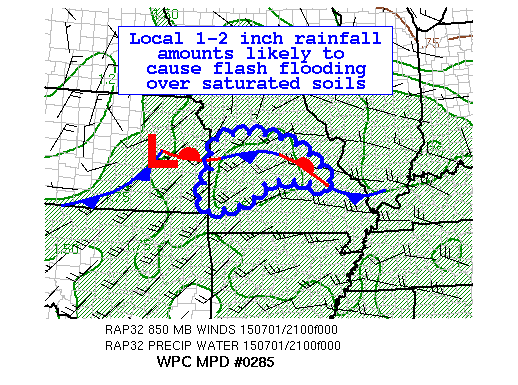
AREAS AFFECTED...CENTRAL-SOUTHWESTERN MO AND FAR SOUTHEASTERN KS

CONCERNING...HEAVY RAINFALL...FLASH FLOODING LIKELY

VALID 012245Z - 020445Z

SUMMARY...CONVECTION DEVELOPING ALONG A QUASI-STATIONARY SURFACE
BOUNDARY AND ALONG A STRENGTHENING LOW LEVEL JET IS LIKELY TO LEAD
TO LOCALIZED FLASH FLOODING.

DISCUSSION...EXPECT CONVECTION TO CONTINUE DEVELOPING ALONG A
QUASI-STATIONARY SURFACE BOUNDARY EXTENDING ACROSS CENTRAL MO BACK
INTO A LOW CENTERED OVER EASTERN KS.  LATEST MESOANALYSIS
INDICATES MUCAPE VALUES OF 2000-3000 J/KG ALONG THE FRONT WITH
HIGHER VALUES TO THE SOUTHWEST.  PWS ARE CURRENTLY AROUND 1.7-1.8
INCHES. THE LATEST WV LOOP SHOWS A LOW AMPLITUDE SHORTWAVE SLIDING
SOUTHEASTWARD INTO NORTHERN MO...WHICH SHOULD PROVIDE THE SYNOPTIC
SCALE ASCENT FOR CONTINUED DEVELOPMENT THROUGH THE EVENING HOURS.

THE LATEST RAP SHOWS A 20-30 KNOT LOW LEVEL JET TRANSPORTING
MOISTURE ACROSS FAR SOUTHEASTERN KS AND SOUTHWESTERN MO INTO THE
BOUNDARY INTO THE OVERNIGHT HOURS...WITH PWS INCREASING TO AT OR
ABOVE 2 INCHES ACROSS PORTIONS OF THE REGION.  THE GENERAL
CONSENSUS OF THE HI-RES GUIDANCE IS THAT CONVECTION DEVELOPING
ALONG THE BOUNDARY WILL CONTINUE TO SPREAD SOUTHEAST ACROSS
CENTRAL INTO SOUTHEASTERN MO.  TRAINING CONVECTION ALONG THE
BOUNDARY MAY RESULT IN LOCALLY HEAVY AMOUNTS.  MEANWHILE THE
GUIDANCE ALSO SHOWS CONVECTION DEVELOPING LATER THIS EVENING ALONG
THE AXIS OF STRENGTHENING LOW LEVEL INFLOW FROM THE SOUTHWEST.
THE FORECAST FOR PERSISTENT MOIST LOW LEVEL INFLOW INTO A REGION
OF SUPPORTING UPPER LEVEL DIFFLUENCE IS EXPECTED TO ENCOURAGE
BACKBUILDING CONVECTION.  MOST OF THE HI-RES GUIDANCE CENTER THE
HEAVIEST AMOUNTS FROM WEST-CENTRAL TOWARD SOUTHWESTERN
MO...HOWEVER THE 21Z HRRR HAS EXTENDED HEAVY AMOUNTS AS FAR
SOUTHWEST AS SOUTHEASTERN KS.

REFLECTING THE HEAVY RAINS THAT HAVE RECENTLY OCCURRED AND THE
RESULTING SATURATED SOILS...ONE AND THREE HOUR FLASH FLOOD
GUIDANCE VALUES ARE LESS THAN A QUARTER-INCH ACROSS PORTIONS OF
THE AREA.  ADDITIONAL CONVECTION ACROSS THESE AREAS IS LIKELY TO
RESULT IN FLASH FLOODING.